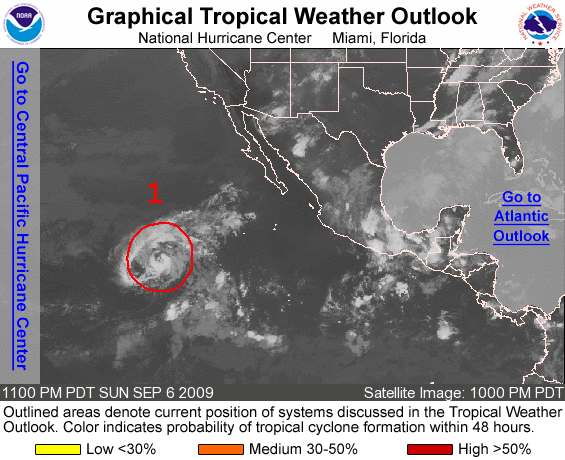
FOR THE EASTERN NORTH PACIFIC...EAST OF 140 DEGREES WEST LONGITUDE..

1. SHOWER AND THUNDERSTORM ACTIVITY ASSOCIATED WITH AN AREA OF LOW PRESSURE LOCATED ABOUT 1125 MILES WEST-SOUTHWEST OF THE SOUTHERN TIP OF BAJA CALIFORNIA HAS NOT INCREASED SIGNIFICANTLY OVER THE PAST SEVERAL HOURS. HOWEVER...CONDITIONS ARE STILL FAVORABLE FOR FURTHER DEVELOPMENT...AND THIS SYSTEM COULD BECOME A TROPICAL DEPRESSION WITHIN THE NEXT DAY OR SO AS IT MOVES WEST-NORTHWESTWARD AT AROUND 10 MPH. THERE IS A HIGH CHANCE...GREATER THAN 50 PERCENT...OF THIS SYSTEM BECOMING A TROPICAL CYCLONE DURING THE NEXT 48 HOURS.

ELSEWHERE...TROPICAL CYCLONE FORMATION IS NOT EXPECTED DURING THE NEXT 48 HOURS.

FORECASTER PASCH